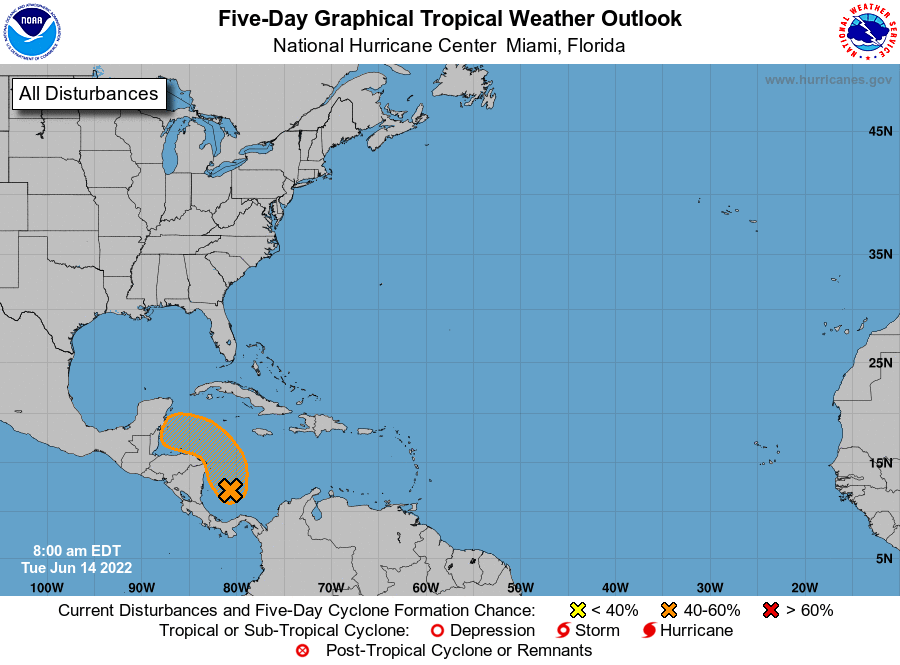
For the North Atlantic...Caribbean Sea and the Gulf of Mexico:

1. Southwestern Caribbean Sea: Disorganized showers and thunderstorms over the southwestern Caribbean Sea continue in association with a trough of low pressure. Gradual development of this system is possible while it drifts northwestward near the coasts of Nicaragua and Honduras, and it could become a tropical depression late this week if the disturbance remains over water. Regardless of development, this system could produce periods of heavy rainfall across portions of eastern Nicaragua and eastern Honduras late this week.
* Formation chance through 48 hours...low...20 percent.
* Formation chance through 5 days...medium...40 percent.

Forecaster Blake/Bucci